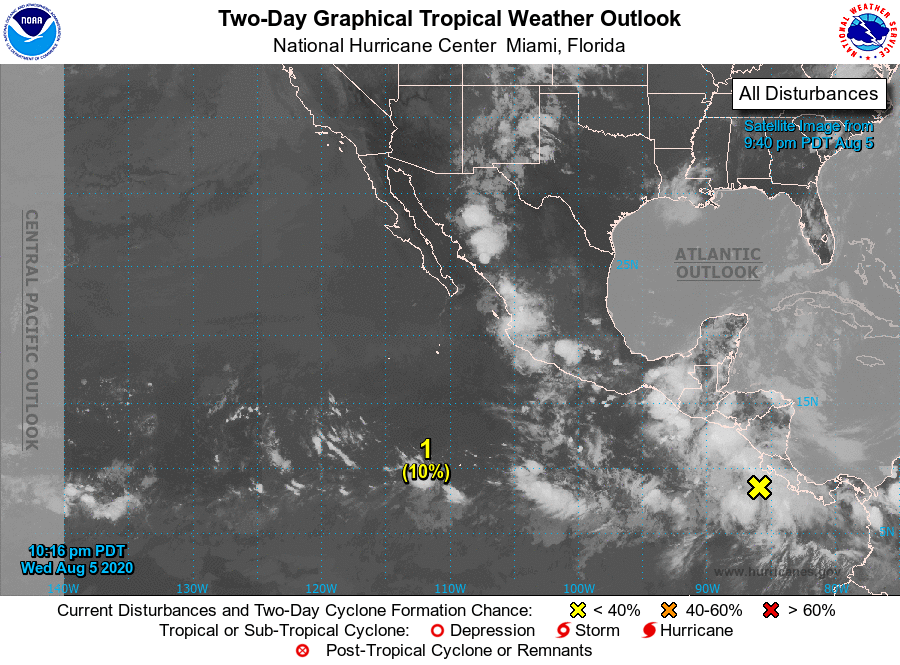
For the eastern North Pacific...east of 140 degrees west longitude:

1. A tropical wave is located just west of the coast of Central America, and an area of low pressure is expected to form from this system south or southwest of the southern coast of Mexico over the weekend. Environmental conditions are forecast to be conducive for development, and a tropical depression is likely to form early next week while the system moves generally west-northwestward.
* Formation chance through 48 hours...low...10 percent.
* Formation chance through 5 days...high...70 percent.

Forecaster Beven